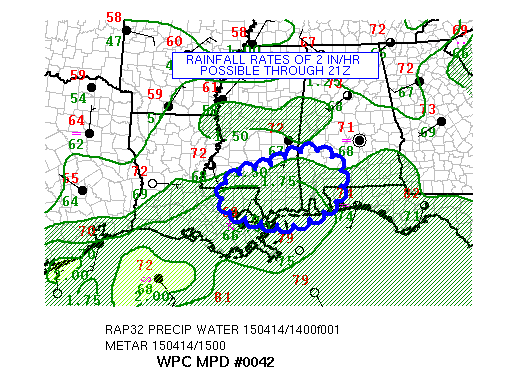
AREAS AFFECTED...CNTRL GULF COAST INTO SRN MISSISSIPPI/ALABAMA

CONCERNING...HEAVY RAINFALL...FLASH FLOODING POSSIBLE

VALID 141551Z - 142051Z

SUMMARY...ADDITIONAL FLASH FLOODING WILL BE POSSIBLE INTO THE LATE
AFTERNOON ACROSS PORTIONS OF THE CNTRL GULF COAST INTO SRN
MISSISSIPPI/ALABAMA WITH SLOW MOVING HEAVY RAINFALL CAPABLE OF 2
IN/HR RATES AND 3 HRLY RATES IN THE 3 TO 4 INCH RANGE.

DISCUSSION...IR/RADAR IMAGERY FROM 15Z SHOWED WIDESPREAD
CONVECTION EXTENDING FROM THE UPPER TEXAS COAST TO SRN MISSISSIPPI
WITH THE HEAVIEST RAINFALL OCCURRING OVER ERN LOUISIANA WITH
OBSERVED RAINFALL RATES OVER 2 IN/HR REPORTED NORTH OF LAKE
PONTCHARTRAIN EARLIER THIS MORNING. PRECIPITABLE WATER ACROSS THIS
REGION RANGES BETWEEN 1.75 AND 2.00 INCHES...WHICH IS 2 TO 3
STANDARD DEVIATIONS ABOVE APRIL MEANS. EMBEDDED WITHIN THE GULF
COAST CONVECTION ARE SEVERAL SMALLER SCALE VORTICITY MAXIMA WHICH
ARE EXPECTED TO TRACK NEWD INTO SRN ALABAMA/MISSISSIPPI THROUGH
THE AFTERNOON VIA SOUTHWEST FLOW ALOFT AIDING IN BURSTS OF HEAVIER
RAINFALL.

WHILE SOME OF THE 3000-4000 J/KG CAPE PER 12Z LIX RAOB IS BEING
EXHAUSTED...LARGE CAPE STILL EXISTS JUST OFFSHORE OF THE GULF
COAST TO THE WRN FLORIDA PANHANDLE. AS EMBEDDED VORTICITY MAXIMA
ADVECT NEWD...850-700 MB FLOW WILL INCREASE ALLOWING DEEPER
MOISTURE AND INSTABILITY TO ADVECT INTO THE THREAT REGION WHICH
WILL BE CAPABLE OF FLASH FLOOD PRODUCING RAINS. THIS WILL
ESPECIALLY BE TRUE WHERE 48 HR RAINFALL TOTALS ARE IN THE 3 TO 6
INCH RANGE WITH HIGHER LOCAL MAXIMA. RECENT RUNS OF THE HRRR AND
THE 00Z NMM/ARW SUPPORT THE THREAT AREA RECEIVING ADDITIONAL HEAVY
RAINFALL...BUT COULD BE UNDERDONE ON THE AMOUNTS.